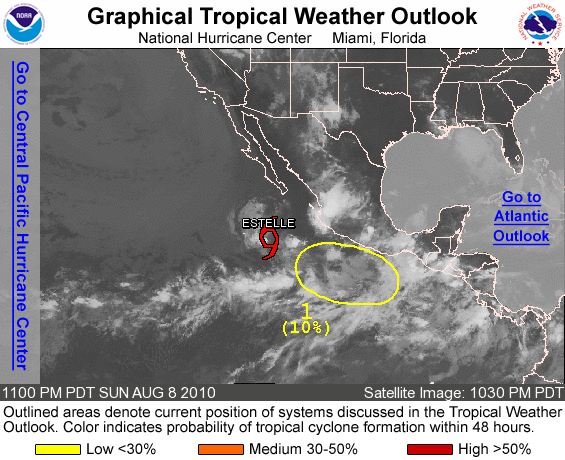
FOR THE EASTERN NORTH PACIFIC...EAST OF 140 DEGREES WEST LONGITUDE..

THE NATIONAL HURRICANE CENTER IS ISSUING ADVISORIES ON TROPICAL STORM ESTELLE...LOCATED ABOUT 370 MILES SOUTH-SOUTHWEST OF THE SOUTHERN TIP OF BAJA CALIFORNIA.

1. A LARGE AREA OF DISTURBED WEATHER IS ASSOCIATED WITH A NEARLY STATIONARY LOW PRESSURE SYSTEM LOCATED ABOUT 250 MILES SOUTH OF ACAPULCO MEXICO. SHOWER ACTIVITY IS CURRENTLY LIMITED...AND ANY DEVELOPMENT OF THIS BROAD DISTURBANCE SHOULD BE SLOW TO OCCUR DUE TO UNFAVORABLE UPPER-LEVEL WINDS. THERE IS A LOW CHANCE...10 PERCENT...OF THIS SYSTEM BECOMING A TROPICAL CYCLONE DURING THE NEXT 48 HOURS.

ELSEWHERE...TROPICAL CYCLONE FORMATION IS NOT EXPECTED DURING THE NEXT 48 HOURS.

FORECASTER STEWART